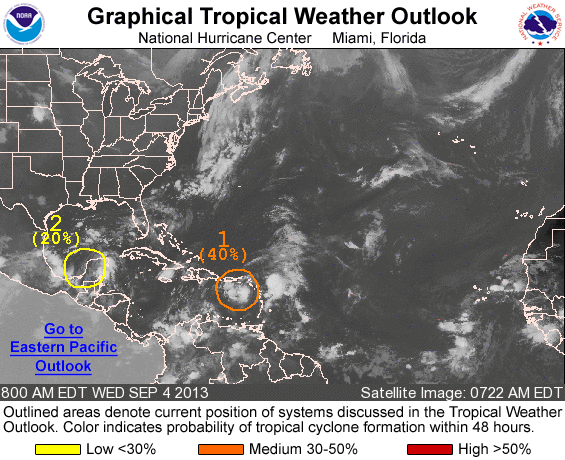
FOR THE NORTH ATLANTIC...CARIBBEAN SEA AND THE GULF OF MEXICO...

1. CLOUDINESS AND SHOWERS ASSOCIATED WITH A BROAD AREA OF LOW PRESSURE CENTERED ABOUT 200 MILES SOUTHEAST OF SAN JUAN PUERTO RICO HAVE BECOME A LITTLE MORE CONCENTRATED THIS MORNING. ENVIRONMENTAL CONDITIONS APPEAR TO BE FAVORABLE FOR ADDITIONAL DEVELOPMENT BEFORE THE SYSTEM INTERACTS WITH THE LAND MASSES OF HISPANIOLA AND PUERTO RICO. THIS SYSTEM HAS A MEDIUM CHANCE...40 PERCENT...OF BECOMING A TROPICAL CYCLONE DURING THE NEXT 48 HOURS AS IT MOVES NORTHWESTWARD AT ABOUT 10 MPH...AND A HIGH CHANCE...60 PERCENT...OF BECOMING A TROPICAL CYCLONE DURING THE NEXT 5 DAYS. WHETHER A TROPICAL CYCLONE FORMS OR NOT...LOCALLY HEAVY RAINFALL AND GUSTY WINDS ARE EXPECTED TO SPREAD OVER PORTIONS OF THE LEEWARD ISLANDS...THE VIRGIN ISLANDS...PUERTO RICO...AND HISPANIOLA DURING THE NEXT DAY OR TWO. AN AIR FORCE RESERVE RECONNAISSANCE AIRCRAFT IS SCHEDULED TO INVESTIGATE THIS DISTURBANCE THIS AFTERNOON...IF NECESSARY.

2. DISORGANIZED CLOUDINESS AND SHOWERS OVER THE YUCATAN PENINSULA OF MEXICO AND PORTIONS OF THE GULF OF MEXICO ARE ASSOCIATED WITH A WESTWARD MOVING TROPICAL WAVE. DEVELOPMENT...IF ANY...WILL BE SLOW TO OCCUR. THIS SYSTEM HAS A LOW CHANCE...20 PERCENT...OF BECOMING A TROPICAL CYCLONE DURING THE NEXT 48 HOURS...AND A LOW CHANCE...20 PERCENT...OF BECOMING A TROPICAL CYCLONE DURING THE NEXT 5 DAYS.

FIVE-DAY FORMATION PROBABILITIES ARE EXPERIMENTAL IN 2013. COMMENTS ON THE EXPERIMENTAL FORECASTS CAN BE PROVIDED AT...

HTTP://WWW.NWS.NOAA.GOV/SURVEY/NWS-SURVEY.PHP?CODE=ETWO

FORECASTER BEVEN